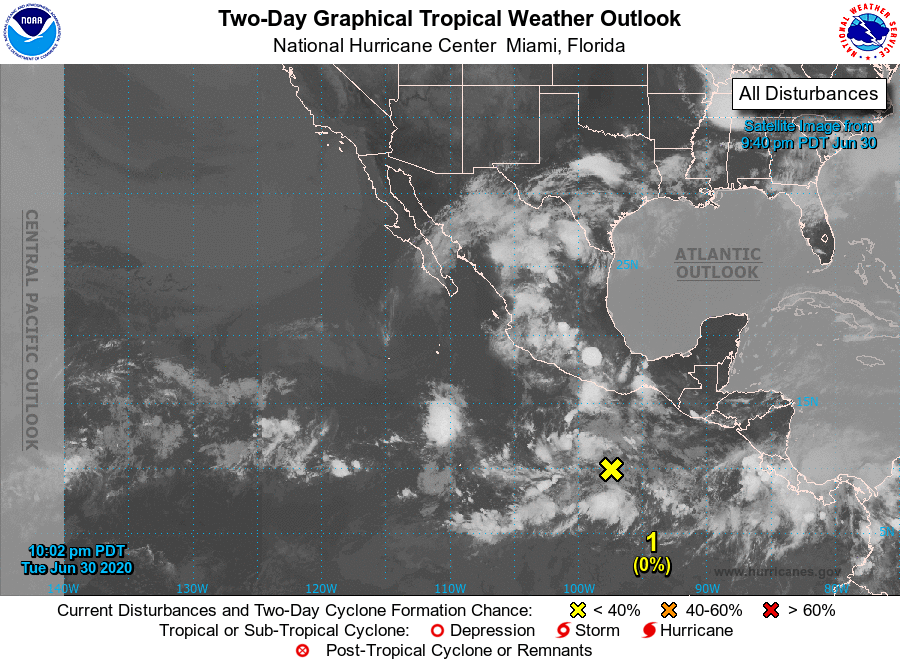
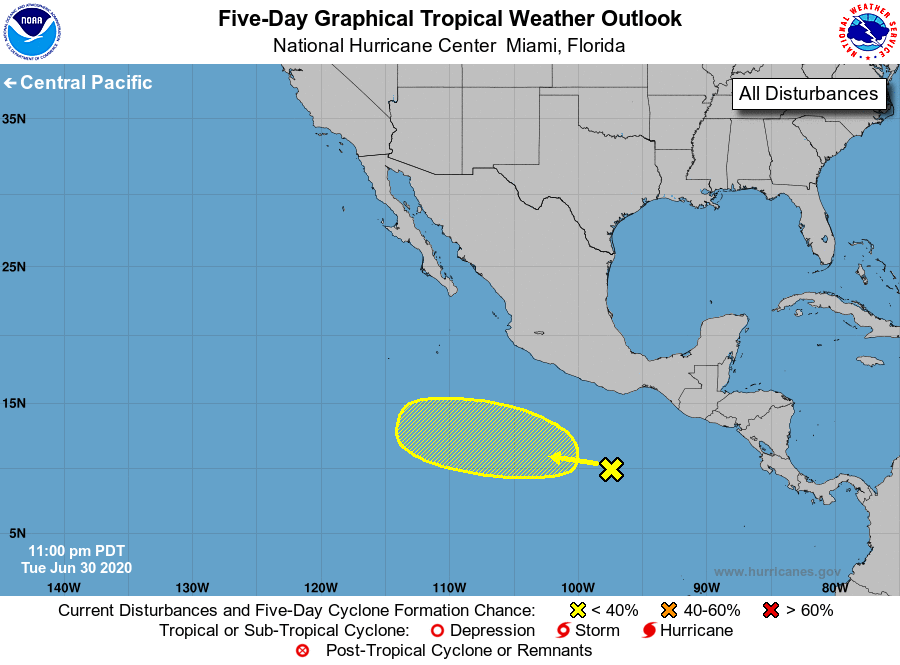
For the eastern North Pacific...east of 140 degrees west longitude:

1. Disorganized cloudiness and showers located a few hundred miles south of the southern coast of Mexico are associated with a tropical wave. Some gradual development of the system is possible later this week while it moves west-northwestward at around 10 mph well south of Mexico.
* Formation chance through 48 hours...low...near 0 percent.
* Formation chance through 5 days...low...20 percent.

Forecaster Brown